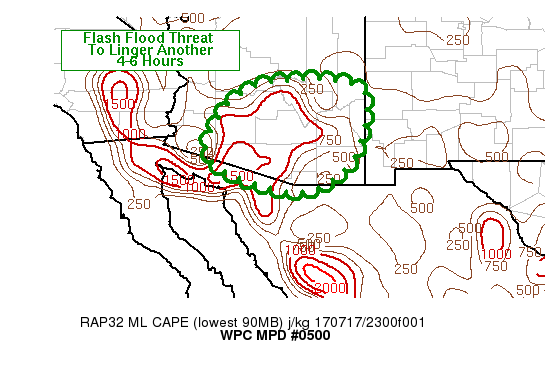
AREAS AFFECTED...CNTRL TO SRN AZ

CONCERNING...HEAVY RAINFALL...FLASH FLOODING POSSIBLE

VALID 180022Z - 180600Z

SUMMARY...SCATTERED THUNDERSTORMS CAPABLE OF 2+ IN/HR RAINFALL
RATES WILL CONTINUE TO IMPACT PORTIONS OF CNTRL TO SRN AZ THROUGH
05Z POSING A CONTINUED RISK OF FLASH FLOODING.

DISCUSSION...REFLECTIVITY FROM KIWA AND KEMX SHOWED WIDELY
SCATTERED THUNDERSTORMS OVER S-CNTRL AND SERN AZ AS OF 00Z. GPS
DATA CONTINUES TO SHOW PRECIPITABLE WATER VALUES RANGING FROM 1.7
TO 2.0 INCHES ACROSS SRN AZ...WHICH CORRELATES TO STANDARDIZED
ANOMALIES OF +2 TO +3. THIS ENVIRONMENT LED TO A 1 HOUR OBSERVED
RAINFALL RATE NEAR 2.5 INCHES WEST OF TUS NEAR 21Z. MLCAPE VALUES
OF 1000-2000 REMAIN ACROSS S-CNTRL AZ PER 23Z DATA FROM THE SPC
MESOANALYSIS PAGE AND 00Z RAOB FROM TUS...WITH LOWER VALUES AT OR
ABOUT 500 J/KG CLOSER TO THE SRN AZ/NM BORDER. LFC TO EL MEAN
WINDS ARE GENERALLY WEAK AT 10 KT OR LESS...CONTRIBUTING TO SLOW
STORM MOTIONS BUT RELATIVELY ENHANCED ELY 700 MB FLOW OF 10-15 KT
IS IN PLACE ACROSS SRN AZ TO THE NORTH OF AN MCV OVER SWRN AZ AND
WEAK LOW SOUTH OF SERN AZ PER VAD WIND PLOTS AND RAP ANALYSES.

RAP FORECASTS OVER THE NEXT FEW HOURS SHOW THE 700 MB FLOW REMAINS
IN INTENSITY OR STRENGTHENS SLIGHTLY BY ANOTHER 5 KT THROUGH 06Z
WHICH MAY AID IN BRIEF TRAINING AND REPEATING MOTIONS OF HEAVY
RAIN CORES. NO MODEL HAS BEEN HANDLING CONVECTIVE TRENDS OR
PLACEMENT WELL ACROSS THE SOUTHWEST TODAY...BUT THERE ARE HINTS IN
SOME OF THE OPERATIONAL AND EXPERIMENTAL HI-RES GUIDANCE TO
SUGGEST ONGOING SHOWER ACTIVITY OVER WRN NM MAY SURVIVE AND
REINTENSIFY OVER ERN AZ BY 06Z. WHILE COVERAGE IS UNCERTAIN...IT
APPEARS THE FLASH FLOOD THREAT WILL LINGER AT LEAST ANOTHER 4-6
HOURS OVER PORTIONS OF CNTRL TO SRN AZ.